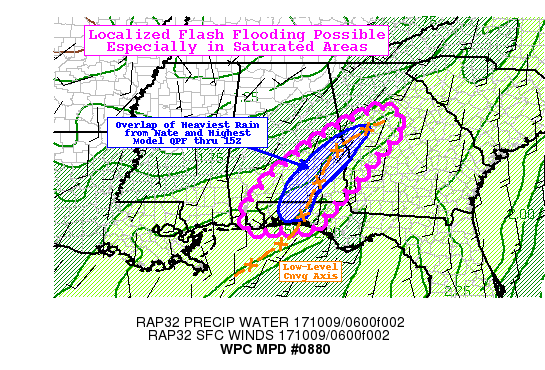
AREAS AFFECTED...SRN ALABAMA...FL PANHANDLE...WC GEORGIA

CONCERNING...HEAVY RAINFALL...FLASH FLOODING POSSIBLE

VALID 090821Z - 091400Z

SUMMARY...A BAND OF SLOW MOVING CONVECTION SHOULD CONTINUE TO
DEVELOP OVER THE NEXT FEW HOURS...WITH LOCALIZED FLASH FLOODING
POSSIBLE THROUGH AT LEAST 15Z...PARTICULARLY WHERE THE GROUND IS
STILL SATURATED FROM HEAVY RAINFALL FROM NATE.

DISCUSSION...OVER THE PAST FEW HOURS (05-08Z) CONVECTION HAS
GRADUALLY DEVELOPED ALONG A LOW-LEVEL CONVERGENCE AXIS THAT
STRETCHES FROM JUST NORTHEAST OF COLUMBUS GA...TO NEAR ENTERPRISE
AL...TO NEAR FORT WALTON BEACH FL AND SOUTHWESTWARD INTO THE GULF
OF MEXICO. THE LATEST RAP ANALYSIS SUGGESTS THESE CELLS ARE LIKELY
TAPPING INTO THE NEAR-SURFACE LAYER WITH MLCAPE VALUES AROUND 1000
J/KG. ALTHOUGH THIS MAY DIMINISH SLIGHTLY OVER THE NEXT FEW HOURS
WITH THE DIURNAL CYCLE...SIMILAR VALUES ARE PROJECTED TO PERSIST
THROUGH MUCH OF THE MORNING. THE COMBINATION OF THIS INSTABILITY
AND AROUND 20-25 KNOTS OF EFFECTIVE DEEP LAYER SHEAR SUGGESTS THAT
CONVECTION SHOULD BE ABLE TO AT LEAST MAINTAIN ITSELF OVER THE
NEXT SEVERAL HOURS...WITH SOME MODEST ORGANIZATION ALONG THE
CONVERGENCE AXIS POSSIBLE. PRECIPITABLE WATER VALUES IN THE AREA
ARE LIKELY ON THE ORDER OF 2.1 TO 2.2 INCHES (SUGGESTED BY CIRA
BLENDED TPW AND RAP ANALYSIS) WHICH WOULD SUPPORT VERY HEAVY RAIN
RATES IN THE MORE ORGANIZED BANDS.

HI-RES MODEL GUIDANCE SHOWS A GRADUAL ESCALATION IN RAIN
RATES...PEAKING AROUND 11-13Z AS CONVECTIVE BANDS WILL HAVE HAD
SEVERAL ADDITIONAL HOURS TO EXPAND AND ORGANIZE...AND SOME
LOCALIZED TRAINING OF CELLS/BANDS CAN TAKE PLACE. MOST MODELS SHOW
LOCALIZED RAINFALL RATES PEAKING AROUND 3 INCHES IN 3
HOURS...WHICH IS CLOSE TO FLASH FLOOD GUIDANCE VALUES IN
ALABAMA...PARTICULARLY AREAS THAT RECEIVED HEAVY RAINFALL LAST
NIGHT FROM NATE. QPE ANALYSIS FROM THE ENTIRE EVENT SHOWS THE
HEAVIEST RAIN LIKELY FELL FROM SANTA ROSA AND OKALOOSA COUNTIES IN
THE FLORIDA PANHANDLE...NNE TO NEAR TROY AL. THE NATIONAL WATER
MODEL SHOWS 80 PERCENT SATURATION IN THE TOP 40CM SOIL MOISTURE
ANALYSIS OVER THESE SAME AREAS...SO IT MAY NOT TAKE MUCH
ADDITIONAL RAINFALL TO GENERATE SOME FLOODING ISSUES. GIVEN THAT
THE CURRENT ORIENTATION OF THE PRIMARY CONVECTIVE BAND IS VERY
CLOSE TO THE FORT WALTON BEACH FL TO TROY AL AXIS PREVIOUSLY
MENTIONED...FLASH FLOODING APPEARS POSSIBLE WITHIN THE NEXT
SEVERAL HOURS. RAIN RATES OF UP TO 2 IN/HR APPEAR POSSIBLE...AND
MRMS AND KEVX DUAL POL ESTIMATES HAVE ALREADY REACHED 1.5 IN/HR IN
SOME OF THE HEAVIER BANDS.